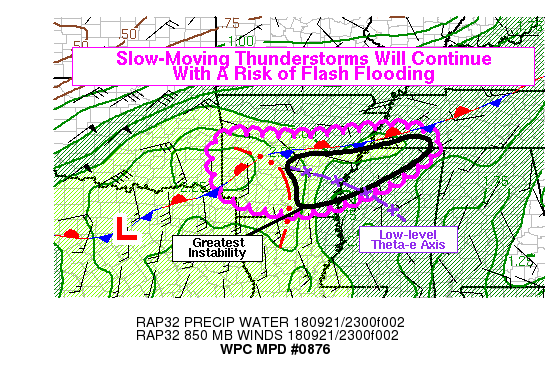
Areas affected...Arkansas, NW Mississippi, Far SW Tennessee

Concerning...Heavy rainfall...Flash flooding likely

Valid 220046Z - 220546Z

Summary...Slow-moving thunderstorms will persist over Arkansas
this evening and into the early parts of the overnight, possibly
extending east along a front into the Mississippi-Tennessee border
region. These thunderstorms will produce heavy rain rates, which
could reach 2-3 in/hr in the strongest storms. This would be
likely to lead to flash flooding, and appears most likely in
central Arkansas over the next several hours.

Discussion...KLZK radar shows slow-moving thunderstorms and
scattered convective rain showers slowly drifting NNE in Arkansas.
These were generally following the 850-300mb deep layer mean wind,
but were also exhibiting a gradual drift to the east and southeast
with time toward a maximum in low-level thetae and MLCAPE (to
around 1500 j/kg) in southeast Arkansas and northern Mississippi.
One prominent band of convection was situated from about 30NW of
Hot Springs, to near Hot Springs, to near Camden. KHOT ASOS
measured 1.49 inches of rain in around 30 minutes with this
convective band, confirmation of the significant rain rates in
central Arkansas. Although KLZK ZDR does not indicate extremely
small droplets (ZDR clearly 1-2 dB in most of the strongest
convection), elevated KDP values around 2-3 deg/km still indicate
a high concentration of water droplets and a strong likelihood of
very heavy rain rates. Other than a few of the strongest cells,
MRMS vertically integrated ice suggests that most of this is
likely to be liquid water with a lack of much hail mixing in.
Therefore, rain rates up to 3 in/hr seem achievable, especially
when considering an environment with PWATs on the order of 2.0 to
2.2 inches.

Flash flooding seems likely given these potential rain rates,
particularly near where the stationary front draped across central
Arkansas will intercept the convective band lifting slowly north.
Radar already shows some shallow convection closer to the front,
and there may be enough coalescing to support a couple hours of
heavy rain at certain locations from Hot Springs and Pine Bluff
north into the Little Rock metro area. This will be near the
convergence of some mesoscale boundaries and at the northwest tip
of a low-level thetae axis, with weak low-level southeasterly
inflow, which should all favor a more focused area of heavy
rainfall in central Arkansas. Additional heavy rain and flash
flooding cannot be ruled out further east along the surface front
with slow-moving storms, as they may be able to tap into greater
instability, which could offset some lower PWATs in that area.